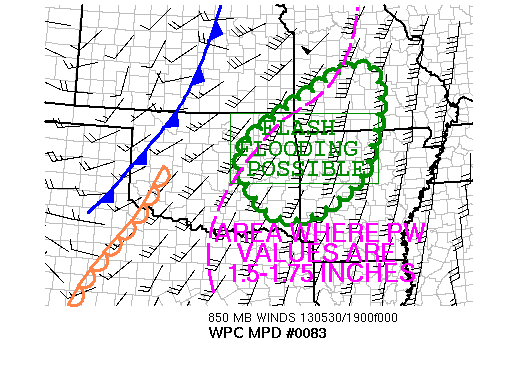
AREAS AFFECTED......EASTERN OKLAHOME INTO NORTHWEST AR AND
SOUTHWEST MO...

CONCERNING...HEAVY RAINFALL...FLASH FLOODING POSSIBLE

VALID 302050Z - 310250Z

SUMMARY...FLASH FLOODING IS POSSIBLE
ACROSS PORTIONS OF EASTERN OKLAHOMA AND INTO NORTHWEST AR AND
SOUTHWEST MO THROUGH THIS EVENING DUE TO CONVECTIVE DEVELOPMENT
WHICH OCCASIONALLY FORMS INT TRAINING BANDS/CLUSTERS.

DISCUSSION...AN UPPER TROUGH OVER THE PLAINS IS FORECAST TO
PRODUCE UPPER DIVERGENCE/LOWER CONVERGENCE MAXIMA WHERE A BAND OF
SHOWER/THUNDERSTORMS IN NORTHEAST OK PROPAGATES SLOWLY EAST ACROSS
THE REST OF EASTERN OK INTO SOUTHWEST MO AND NORTHWEST AR.

THE ACTIVITY IS EXPECTED TO DEVELOP INTO A MOIST AXIS WITH SURFACE
DEWPOINTS IN THE LOWER 70S F ACROSS EASTERN OK.  ADDITIONALLY THE
MOISTURE IS DEEP WITH PRECIPITABLE WATER (PW) VALUES OF 1.5-1.75
INCHES.

THE RECENT OBSERVATIONS INDICATED 1-2 INCHES OF RAIN WITH THE
BAND/CLUSTERS OF STORMS...WITH COFFEYVILLE KS (JUST NORTH OF THE
OK BORDER) REPORTING 2 INCHES OF RAIN INT HE 2 HOURS ENDING AT
20Z. STRONG LOW-MID LEVEL MOISTURE FLUX CONVERGENCE COMBINES WITH
SOUTH SOUTHWEST TO NORTHEAST MOISTURE TRANSPORT...HIGH PW
VALUES...AND 700-500 MB LAPSE RATES OF 7-8 DEG C/KM FROM THE 18Z
OUN AND SGF SOUNDINGS TO SUPPORT CONTINUED SHOWER/STORM
DEVELOPMENT THE REST OF THE AFTERNOON/EVENING.  THOSE SOUNDINGS
ALSO SHOW VEERING LOW LEVEL WIND PROFILES WITH ABOUT 30 DEGREES
CHANGE FROM THE SURFACE TO 750 MB SO FORWARD PROGRESSION SHOULD
CONTINUE.

THE MODELS AGREE ON SIMILAR POTENTIAL WITH THE NCEP WRF NMM AND
ARW SUGGESTING HEAVIER RAIN WITH SEVERAL INCHES POSSIBLE IN AR
TONIGHT.